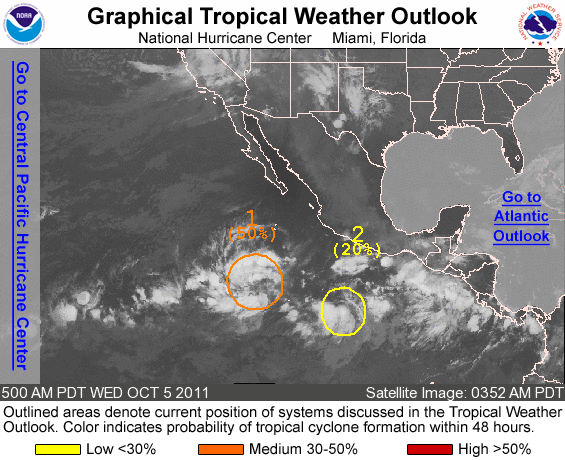
FOR THE EASTERN NORTH PACIFIC...EAST OF 140 DEGREES WEST LONGITUDE..

1. SHOWERS AND THUNDERSTORMS ASSOCIATED WITH AN AREA OF LOW PRESSURE LOCATED ABOUT 800 MILES SOUTHWEST OF MANZANILLO MEXICO ARE SHOWING SOME SIGNS OF ORGANIZATION. CONDITIONS APPEAR FAVORABLE FOR ADDITIONAL DEVELOPMENT AND THIS LOW COULD BECOME A TROPICAL DEPRESSION DURING THE NEXT DAY OR TWO AS IT MOVES WESTWARD AT ABOUT 10 MPH. THIS SYSTEM HAS A MEDIUM CHANCE...50 PERCENT...OF BECOMING A TROPICAL CYCLONE DURING THE NEXT 48 HOURS.

2. A WEAK AREA OF LOW PRESSURE LOCATED ABOUT 550 MILES SOUTH-SOUTHWEST OF ACAPULCO MEXICO IS PRODUCING DISORGANIZED SHOWERS AND THUNDERSTORMS. ENVIRONMENTAL CONDITIONS APPEAR CONDUCIVE FOR SOME DEVELOPMENT OF THIS DISTURBANCE OVER THE NEXT COUPLE OF DAYS. THIS SYSTEM HAS A LOW CHANCE...20 PERCENT...OF BECOMING A TROPICAL CYCLONE DURING THE NEXT 48 HOURS AS IT MOVES TO THE WEST-NORTHWEST AT ABOUT 10 MPH.

ELSEWHERE...TROPICAL CYCLONE FORMATION IS NOT EXPECTED DURING THE NEXT 48 HOURS.

FORECASTER BROWN